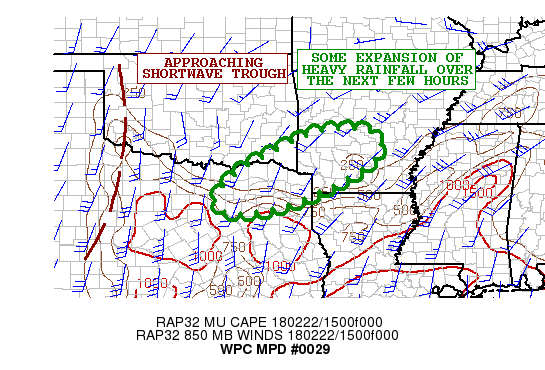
AREAS AFFECTED...NORTHEAST TX....SOUTHEAST OK...SOUTHWEST AR

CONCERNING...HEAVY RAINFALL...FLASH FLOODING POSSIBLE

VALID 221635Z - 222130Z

SUMMARY...SHOWERS AND THUNDERSTORMS WILL TEND TO GROW IN
ORGANIZATION OVER THE NEXT FEW HOURS. GIVEN THE WET ANTECEDENT
CONDITIONS...SOME FLASH FLOODING WILL BE POSSIBLE.

DISCUSSION...A SHORTWAVE TROUGH EJECTING NORTHEAST OUT ACROSS THE
SOUTHERN PLAINS WILL BE FACILITATING THE EXPANSION OF CONVECTION
OVER THE NEXT SEVERAL HOURS ACROSS AREAS THAT HAVE BEEN QUITE WET
OF RECENT AND WITH NEARLY SATURATED SOIL CONDITIONS. ALREADY
SATELLITE AND RADAR IMAGERY CONFIRMS THE EXPANSION OF CONVECTIVE
ACTIVITY OVER AREAS OF NORTHERN AND NORTHEAST TX ALONG WITH
ADJACENT AREAS OF SOUTHERN OK.

THE ENERGY WILL BE INTERACTING WITH AN AXIS OF ELEVATED
INSTABILITY SURGING NORTH OVER A FRONT WELL TO THE SOUTH ACROSS
SOUTHEAST TX. MEANWHILE...WARM AIR ADVECTION WILL BE IN THE
INCREASE AHEAD OF THE SHORTWAVE AND THIS COUPLED WITH INCREASING
MOISTURE TRANSPORT SHOULD FAVOR GREATER CONVECTIVE ORGANIZATION
AND AN INCREASE IN RAINFALL RATES.

THESE RATES WITH THE DEGREE OF AVAILABLE ELEVATED INSTABILITY MAY
APPROACH 1 TO 1.5 INCHES/HR...AND WITH COMPROMISED SOIL
CONDITIONS/LOW FFG VALUES...THERE WILL BE CONCERNS FOR LOCALLY
ENHANCED RUNOFF AND/OR FLASH FLASH FLOODING.

THERE IS NO ONE HIRES MODEL THAT IS HANDLING THE ONGOING
CONVECTION ACROSS NORTHERN TX AND SOUTHERN OK PARTICULARLY WELL AT
THIS TIME...BUT A CONSENSUS GENERALLY OF THE 12Z ARW/NMMB AND 12Z
NAM-CONEST WOULD FIT THE ANTICIPATED CONVECTIVE EVOLUTION
RELATIVELY WELL AND WOULD SUPPORT ADDITIONAL RAINFALL TOTALS OF AS
MUCH AS 1.5 TO 2 INCHES THROUGH 21Z. HOWEVER...THESE TOTALS MAY BE
SOMEWHAT UNDERDONE LOCALLY BASED ON CURRENT AND EXPECTED RAINFALL
RATES...AND ALSO WITH THE POTENTIAL FOR SOME LOCALIZED TRAINING OF
CONVECTIVE ELEMENTS OVER THE NEXT SEVERAL HOURS. WILL CONTINUE TO
MONITOR.